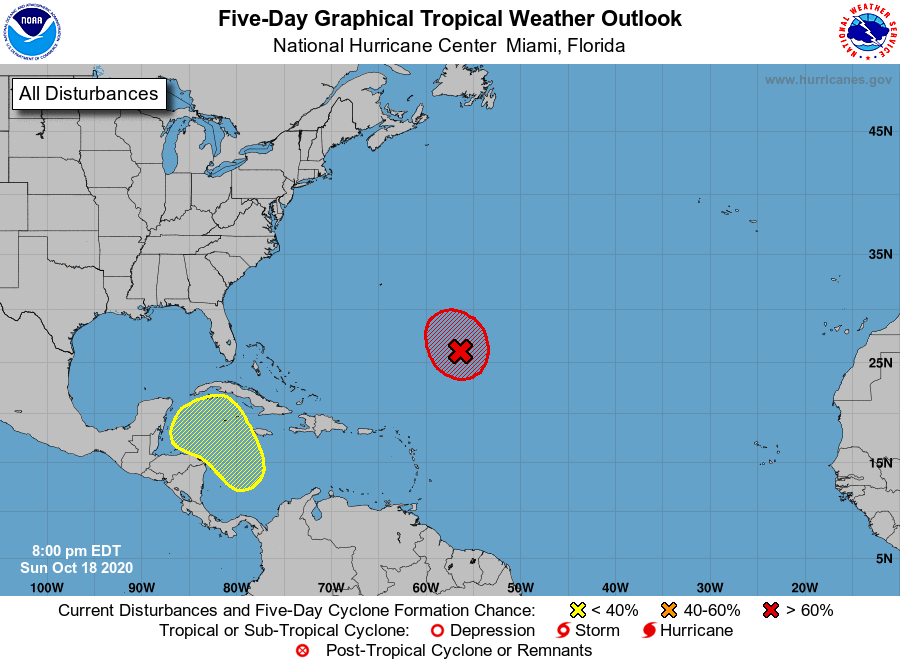
For the North Atlantic...Caribbean Sea and the Gulf of Mexico:

1. Showers and thunderstorms associated with a large non-tropical low pressure system located about 700 miles southeast of Bermuda remain poorly organized and displaced mainly to the east of the low-level center. Environmental conditions are forecast to be only marginally conducive for development during the next day or two. Although a subtropical or tropical depression could still develop during that time, upper-level winds are expected to become more favorable for tropical cyclone formation to occur by late Tuesday and Wednesday while the low meanders well to the southeast of Bermuda.
* Formation chance through 48 hours...high...80 percent.
* Formation chance through 5 days...high...90 percent.

2. A broad area of low pressure could form in a couple of days over the southwestern Caribbean Sea. Some gradual development of this system is possible late this week while it moves slowly northwestward or north-northwestward over the western Caribbean Sea.
* Formation chance through 48 hours...low...near 0 percent.
* Formation chance through 5 days...low...20 percent.

Forecaster Stewart